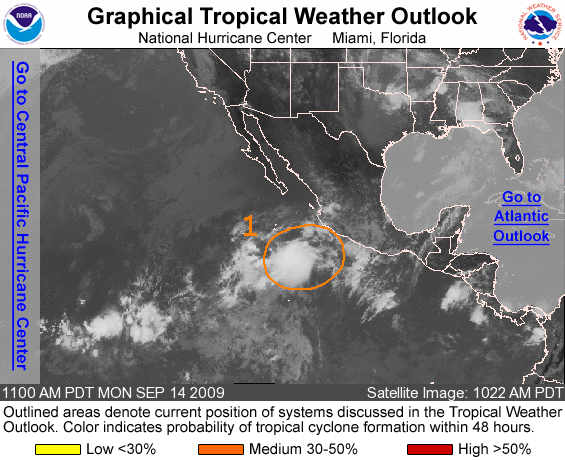
FOR THE EASTERN NORTH PACIFIC...EAST OF 140 DEGREES WEST LONGITUDE..

1. A BROAD AREA OF LOW PRESSURE LOCATED A COUPLE HUNDRED MILES SOUTHWEST OF MANZANILLO MEXICO CONTINUES TO PRODUCE A LARGE AREA OF SHOWERS AND THUNDERSTORMS. THE CIRCULATION DOES NOT APPEAR TO BE WELL-DEFINED AT THIS TIME...HOWEVER...ENVIRONMENTAL CONDITIONS ARE FAVORABLE FOR DEVELOPMENT OF THIS LOW AS IT MOVES GENERALLY WEST-NORTHWESTWARD DURING THE NEXT DAY OR TWO. THERE IS A MEDIUM CHANCE...30 TO 50 PERCENT...OF THIS SYSTEM BECOMING A TROPICAL CYCLONE DURING THE NEXT 48 HOURS.

ELSEWHERE...TROPICAL CYCLONE FORMATION IS NOT EXPECTED DURING THE NEXT 48 HOURS.

FORECASTER BROWN